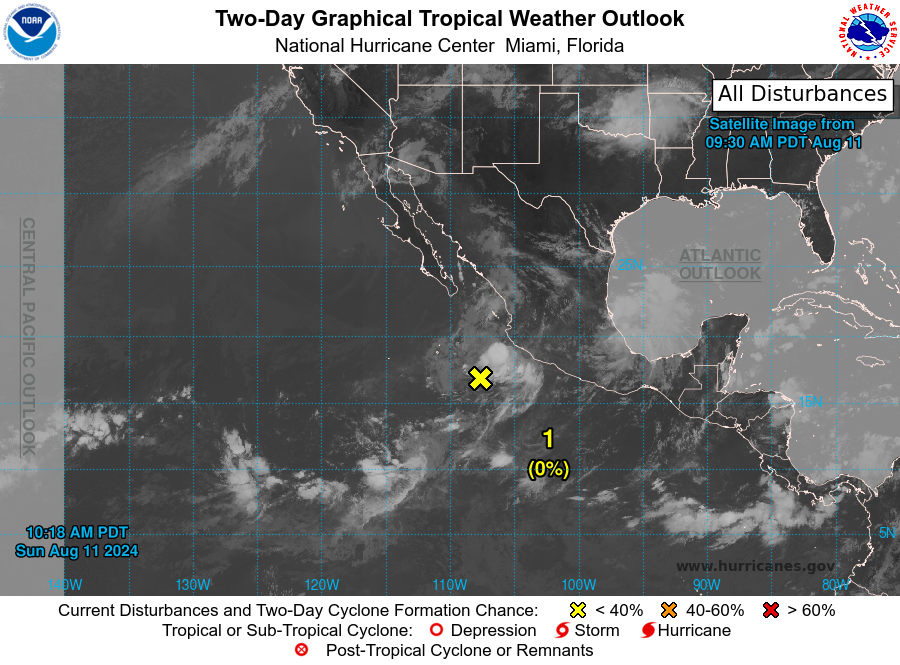
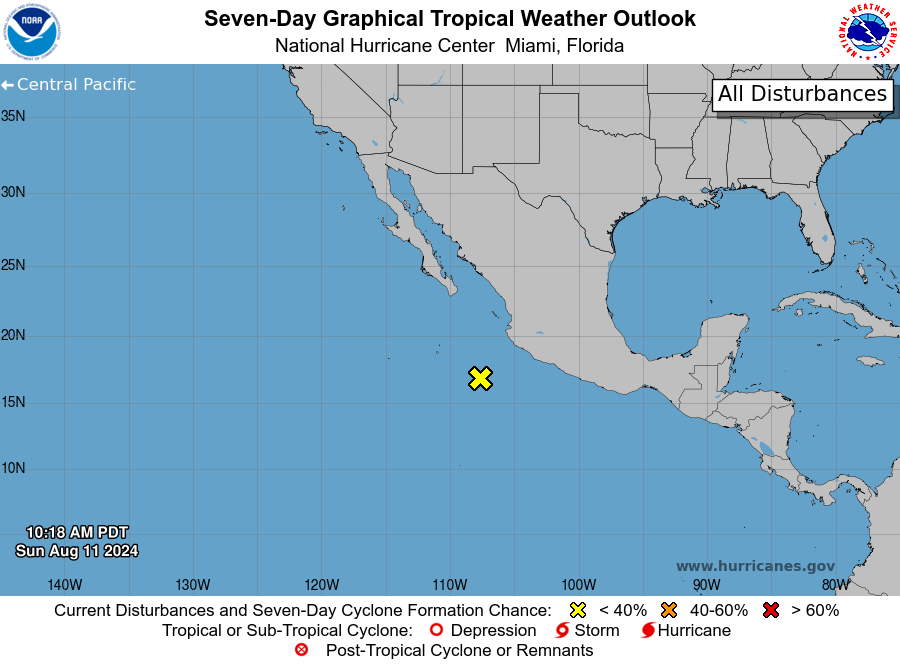
For the eastern North Pacific...east of 140 degrees west longitude:

1. South of Southwestern Mexico (EP98): Showers and thunderstorms associated with a trough of low pressure located a couple of hundred miles off the coast of southwestern Mexico remain disorganized. The disturbance will be moving into a much less favorable environment by tonight as it continues moving west-northwestward around 15 mph, and development is not expected. This system could still bring some heavy rain to portions of coastal southwestern Mexico through this evening.
* Formation chance through 48 hours...low...near 0 percent.
* Formation chance through 7 days...low...near 0 percent.

Forecaster Hagen/Cangialosi